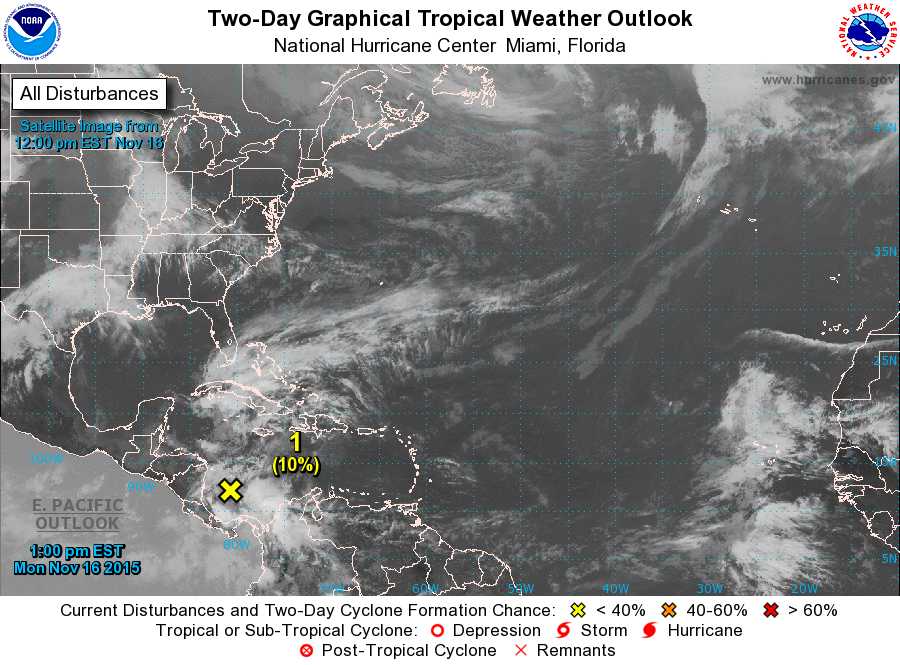
For the North Atlantic...Caribbean Sea and the Gulf of Mexico:

1. Disorganized showers and thunderstorms have developed over much of the southwestern Caribbean Sea in association with a broad area of low pressure. Some slow development of this disturbance is possible over the next few days while it moves little or drifts westward.
* Formation chance through 48 hours...low...10 percent
* Formation chance through 5 days...low...20 percent

Forecaster Stewart